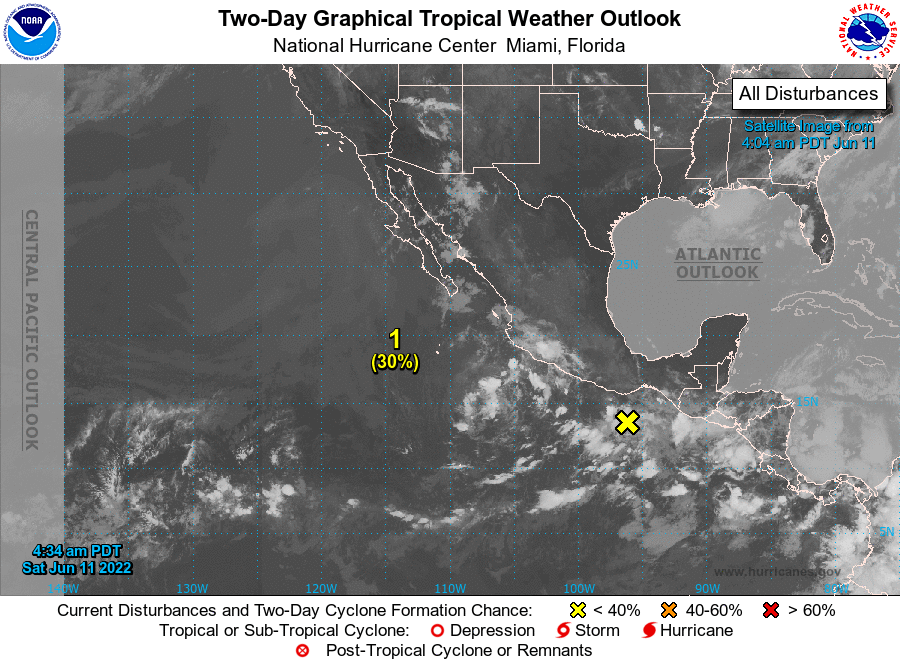
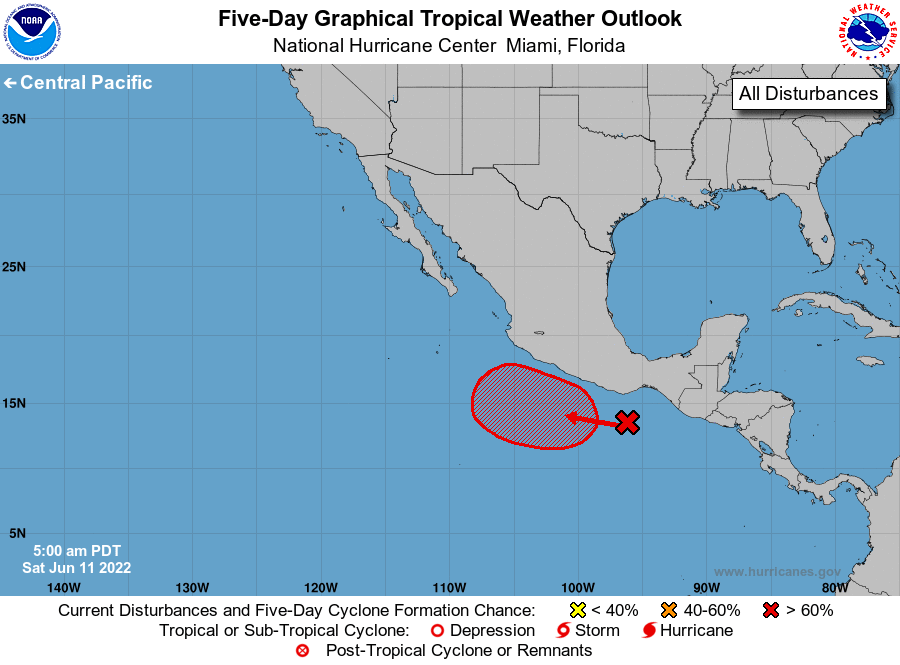
For the eastern North Pacific...east of 140 degrees west longitude:

1. Off the coast of southwestern Mexico: A broad low pressure area located a couple of hundred miles south of the southern coast of Mexico is producing some disorganized shower activity. Environmental conditions are expected to be conducive for gradual development of this system, and a tropical depression is likely to form during the early or middle part of next week while the system meanders off the southwestern coast of Mexico.
* Formation chance through 48 hours...low...30 percent.
* Formation chance through 5 days...high...80 percent.

Forecaster Reinhart